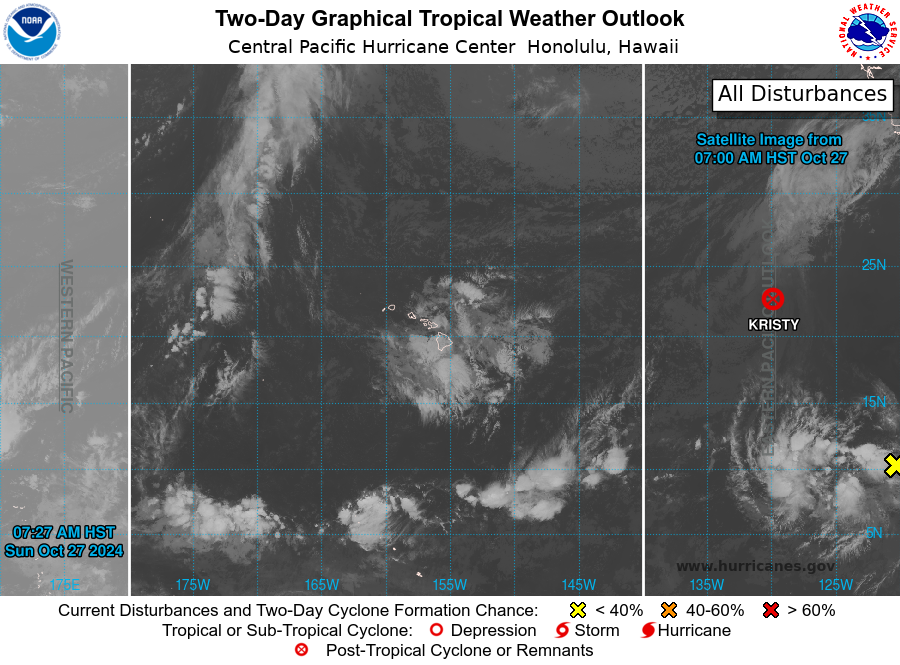
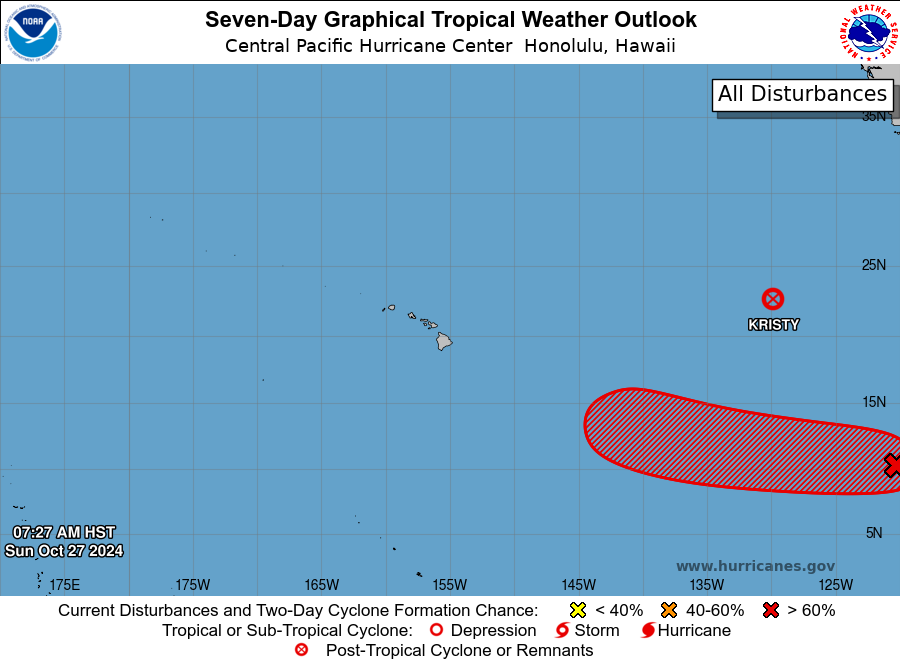
For the central North Pacific...between 140W and 180W:

1. About 2300 miles east-southeast of Hilo, Hawaii (EP91): A broad area of low pressure located more than 1000 miles southwest of the southern tip of the Baja California peninsula is producing disorganized showers and thunderstorms. Environmental conditions appear conducive for gradual development of this system, and a tropical depression is likely to form within the next few days while it moves westward or west-northwestward at about 15 mph over the western portion of the eastern Pacific basin. This system is expected to move into the central Pacific basin on Wednesday or Thursday.
* Formation chance through 48 hours...low...30 percent.
* Formation chance through 7 days...high...80 percent.

Elsewhere, no tropical cyclones are expected during the next 7 days.

Forecaster Birchard